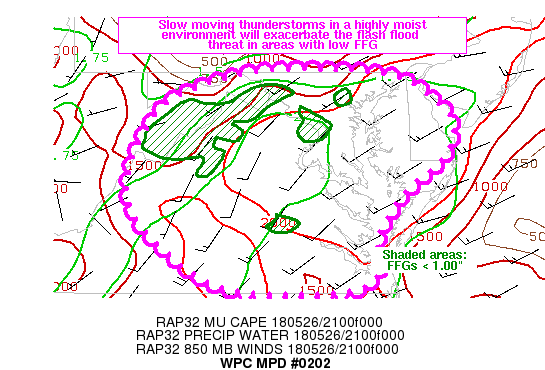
AREAS AFFECTED...EASTERN WV...CENTRAL VA...CENTRAL MD...DELAWARE

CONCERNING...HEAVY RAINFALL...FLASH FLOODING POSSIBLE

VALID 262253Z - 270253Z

SUMMARY...SLOW MOVING SHOWERS AND EMBEDDED THUNDERSTORMS WILL
CONTINUE TO EXPAND EASTWARD TOWARD THE MID ATLANTIC COAST THIS
EVENING. INTENSE HOURLY RAINFALL RATES MAY LEAD TO LOCALIZED FLASH
FLOODING, ESPECIALLY OVER WET SOILS GIVEN ANTECEDENT HEAVY
RAINFALL.

DISCUSSION...AN ONGOING COMPLEX OF SLOW MOVING CONVECTION IS
TAKING FULL ADVANTAGE OF ROBUST DEEP LAYER INSTABILITY (MUCAPES
2000-3000 J/KG) AND DEEP SUBTROPICAL MOISTURE (PW VALUES
1.75-2.00") IN PRODUCING TORRENTIAL SHORT-TERM RAINFALL RATES. UP
TO THIS POINT, THE RELATIVELY LIGHT DEEP-LAYER SHEAR PROFILE HAS
INHIBITED SUSTAINED ORGANIZATION OF STRONGER CLUSTERS (I.E. WITH
PREDOMINATELY PULSE ACTIVITY). HOWEVER, THE UPTICK IN
SOUTHWESTERLY LOW-LEVEL INFLOW AFTER 00Z (25-30+ KTS AT 850 MB PER
THE LATESTS RAP) WILL ALLOW FOR INCREASED UPWIND PROPAGATION THIS
EVENING, AS RECENT RAP RUNS CONTINUE TO DEPICT CORFIDI VECTORS
BECOMING NORTHEAST AROUND 5-10 KTS (INTO THE DIRECTION OF THE
LOW-LEVEL INFLOW).

THE MORE FAVORABLE LOW-LEVEL WIND PROFILE WILL LEAD TO BETTER
ORGANIZATION OF CONVECTIVE CLUSTERS THIS EVENING, ALONG WITH AN
INCREASED POTENTIAL OF BACKBUILDING/TRAINING OF CELLS. NEW
CONVECTIVE DEVELOPMENT AND EXPANSION ALONG AND NEAR THE LEE SIDE
TROUGH, ESPECIALLY WITH COLLIDING OUTFLOW BOUNDARIES, WILL BE
FOSTERED BY THE RICH THERMODYNAMIC ENVIRONMENT AS NOTED ABOVE.

MOST OF THE AVAILABLE HIGH RESOLUTION GUIDANCE (INCLUDING THE MOST
RECENT HRRR AND EXPERIMENTAL HRRR) SUGGEST LOCALIZED TOTALS OF 3+
INCHES THROUGH THE EVENING HORUS, MUCH OF WHICH WOULD FALL IN 2
HOURS OR LESS. GIVEN THE LOWER FFG VALUES OWING TO THE RECENT
HEAVY RAINFALL, RUN-OFF FROM THE STRONGEST CELLS WILL CONTINUE TO
POSE A FLASH FLOOD THREAT.